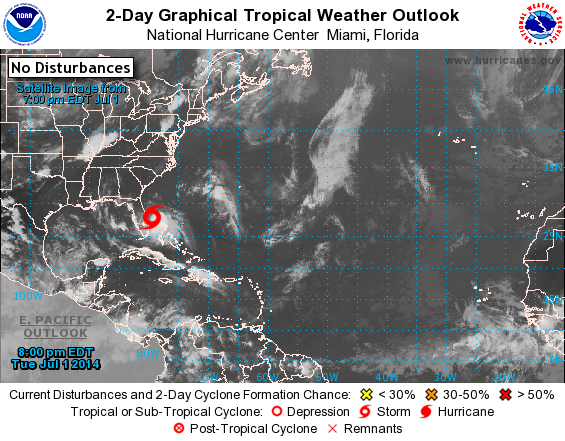
For the North Atlantic...Caribbean Sea and the Gulf of Mexico:

The National Hurricane Center is issuing advisories on Tropical Storm Arthur, located just east of the central Florida Atlantic coast.

Tropical cyclone formation is not expected during the next 5 days.

&&
Public Advisories on Tropical Storm Arthur are issued under WMO header WTNT31 KNHC and under AWIPS header MIATCPAT1. Forecast/Advisories on Tropical Storm Arthur are issued under WMO header WTNT21 KNHC and under AWIPS header MIATCMAT1.

Forecaster Blake